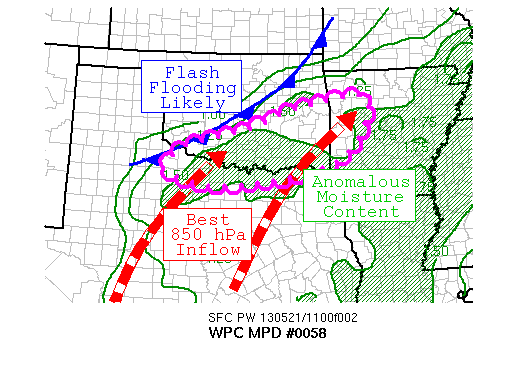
AREAS AFFECTED...SOUTHEASTERN OK...WESTERN AR...EXTREME NORTHERN
TX

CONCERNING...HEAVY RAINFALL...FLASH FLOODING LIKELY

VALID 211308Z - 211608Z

SUMMARY...A SOLID LINE OF CONVECTION HAS DEVELOPED FROM SSW TO NE
FROM SPS TO FSM. THIS ACTIVITY IS BEGINNING TO TRAIN AND BACKBUILD
WHICH SHOULD LEAD TO FLASH FLOODING THIS MORNING.

DISCUSSION...A LINE OF CONVECTION OUT AHEAD OF A FORMIDABLE
SURFACE COLD FRONT HAS FORMED IN AN AXIS OF INCREASING MOISTURE
CONVERGENCE EARLY THIS MORNING. ALSO AHEAD OF THIS FRONT IS AN
ANOMALOUS POOL OF DEEP LOW LEVEL TROPICAL MOISTURE W/ PWS AOA 1.5
TO 2 INCHES. THE GFS AND ECMWF INDICATE THESE VALUES 1.5 TO 2
TIMES ABOVE AVG IN A ZONE WHERE WINDS FROM THE SURFACE TO 700MB
BECOMING PARALLEL. FFG IN THIS AREA RANGE FROM 1 TO 1.5 INCHES
WITHIN AN HR AND ADD IN THE TRAINING/BACKBUILD THREAT... FLASH
FLOODING APPEARS LIKELY DESPITE MESOSCALE ACTIVITY TYPICALLY
APPROACHING A MIN AT THIS HR OF THE DAY. EXPECT 2 TO 3 INCH
AMOUNTS WITH LOCALLY HIGHER VALUES WITH LIKELY FLASH FLOODING...
AS THE HEAVY CONVECTIVE RAINS DRIFT SOUTH AND EAST.